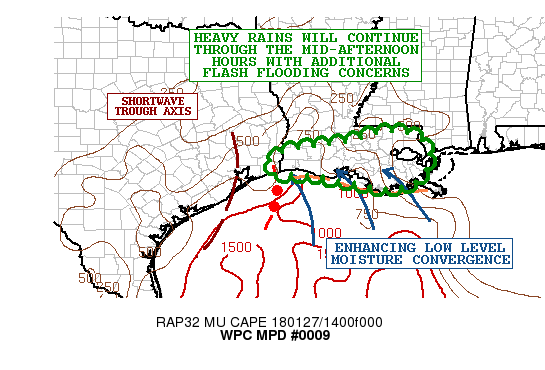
AREAS AFFECTED...FAR UPPER TX COAST...SOUTHERN LA

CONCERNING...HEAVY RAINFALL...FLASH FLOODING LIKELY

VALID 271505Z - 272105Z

SUMMARY...HEAVY RAINS WILL CONTINUE OVER THE NEXT SEVERAL HOURS
OVER SOUTHERN LA WITH ADDITIONAL CONCERNS FOR FLASH FLOODING.

DISCUSSION...GOES-16 1-MINUTE IMAGERY SHOWS NUMEROUS CLUSTERS OF
COLD-TOPPED CONVECTION IMPACTING AN AREA FROM THE FAR UPPER TX
COAST AND ADJACENT AREAS OF SOUTHWEST LA...EAST OVER TOWARD
SOUTH-CENTRAL LA. ONE FOCUSED AREA OF CONVECTION AROUND THE
PORT-ARTHUR AREA HAS ALREADY PRODUCED WELL OVER 5 INCHES OF
RAIN...AND THIS CONVECTION IS MOVING DEEPER INTO SOUTHWEST LA.

ALL OF THE CONVECTION IS BEING FACILITATED BY THE APPROACH OF A
WELL-DEFINED MID LEVEL SHORTWAVE ADVANCING EAST-NORTHEAST ACROSS
THE SOUTHEAST TX COASTAL PLAIN WHICH IS INTERACTING WITH A SURFACE
TROUGH AND AN INSTABILITY GRADIENT JUST OFFSHORE THE TX/LA
COASTLINE. ENHANCED SURFACE MOISTURE CONVERGENCE HAS BEEN NOTED
PARTICULARLY OVER SOUTHWEST LA OVER THE LAST COUPLE OF HOURS WHICH
IS HELPING TO DRIVE SOME OF THE MORE FOCUSED AREAS OF STRONG
CONVECTION. OVER THE NEXT SEVERAL HOURS...CONVECTION IS LIKELY TO
BECOME A BIT BETTER ORGANIZED FARTHER EAST ACROSS SOUTH-CENTRAL LA
AND GRADUALLY TOWARDS AREAS CLOSER TO THE NEW ORLEANS METROPOLITAN
AREA GOING INTO THE EARLY AND MID-AFTERNOON HOURS.

PWATS HAVE BEEN ON THE ORDER OF 1.5 TO 1.7 INCHES AND THERE IS A
FAIRLY WELL-ESTABLISHED POOL OF DEEPER MOISTURE OVER THE NORTHWEST
GULF OF MEXICO THAT WILL BE ADVANCING NORTH AS THE AFOREMENTIONED
SHORTWAVE CROSSES THE WESTERN GULF COAST REGION TODAY. THIS
COUPLED WITH THE POOLING OF INSTABILITY ALONG THE IMMEDIATE COAST
SHOULD FOSTER RATHER ROBUST CONVECTION WITH INTENSE RAINFALL RATES
THAT MAY EXCEED 1.5 INCHES/HR.

THE BEST PERFORMING CAM GUIDANCE APPEARS TO BE THE 00Z NMMB WITH
RESPECT TO CONVECTIVE AXIS AND AN EXTRAPOLATION OF THIS MODEL
ALONG WITH THE LATEST HRRR GUIDANCE WOULD SUPPORT HEAVY RAINFALL
WITH ADDITIONAL AMOUNTS OF 3 TO 5 INCHES AND LOCALLY HIGHER TOTALS
ACROSS PARTS OF SOUTH-CENTRAL LA WHERE AT LEAST SOME BRIEF
TRAINING OF CELLS WILL BE POSSIBLE NORTH OF THE SURFACE TROUGH
NEAR THE COAST. WILL CONTINUE TO MONITOR THESE CONVECTIVE
TRENDS...BUT GIVEN THE HIGH RAINFALL RATES AND EXPECTED
TOTALS...FLASH FLOODING WILL BE LIKELY.